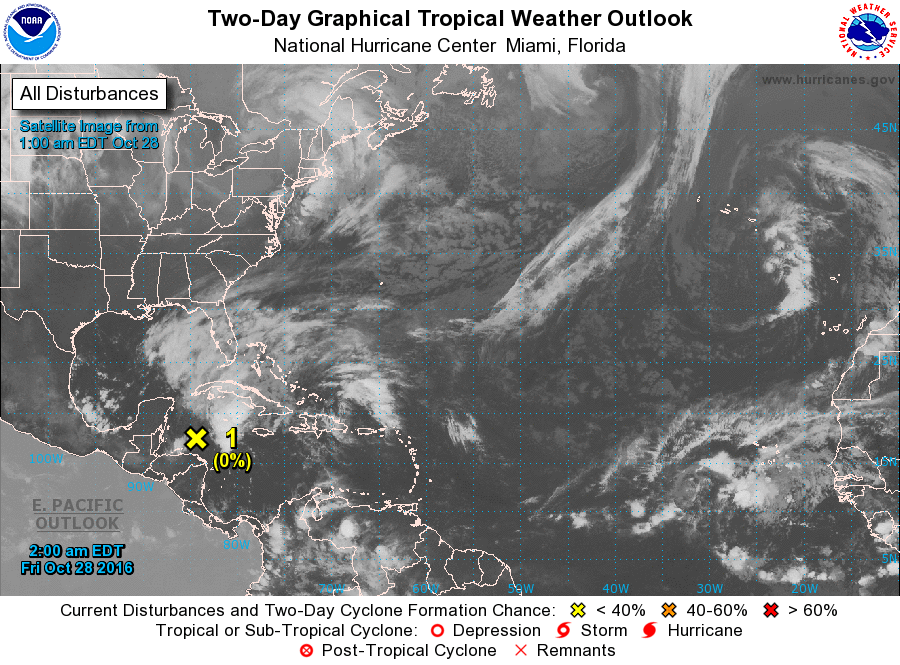
For the North Atlantic...Caribbean Sea and the Gulf of Mexico:

1. Disorganized showers and thunderstorms over the northwestern Caribbean Sea are associated with a broad area of low pressure located about a hundred miles north of the coast of Honduras. Development of this system is not expected due to strong upper-level winds. However, the disturbance is forecast to move little over the next few days, and locally heavy rainfall is possible across portions of the eastern Yucatan peninsula, Cuba, the Cayman Islands, and Jamaica through the weekend.
* Formation chance through 48 hours...low...near 0 percent
* Formation chance through 5 days...low...near 0 percent

Forecaster Pasch